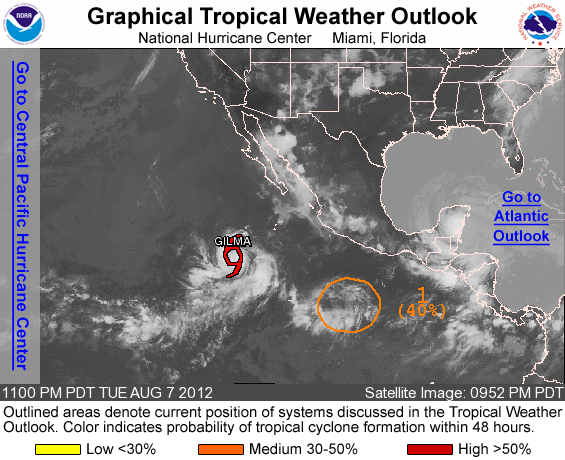
FOR THE EASTERN NORTH PACIFIC...EAST OF 140 DEGREES WEST LONGITUDE..

THE NATIONAL HURRICANE CENTER IS ISSUING ADVISORIES ON TROPICAL STORM GILMA...LOCATED ABOUT 640 MILES SOUTHWEST OF THE SOUTHERN TIP OF BAJA CALIFORNIA.

1. SHOWERS AND THUNDERSTORMS ASSOCIATED WITH AN AREA OF LOW PRESSURE LOCATED ABOUT 460 MILES SOUTH-SOUTHWEST OF ACAPULCO MEXICO HAVE DIMINISHED SOME THIS EVENING. HOWEVER...DEVELOPMENT OF THIS SYSTEM IS POSSIBLE AND IT COULD BECOME A TROPICAL DEPRESSION DURING THE NEXT COUPLE OF DAYS. THIS SYSTEM HAS A MEDIUM CHANCE...40 PERCENT...OF BECOMING A TROPICAL CYCLONE AS IT DRIFTS GENERALLY WESTWARD DURING THE NEXT 48 HOURS.

ELSEWHERE...TROPICAL CYCLONE FORMATION IS NOT EXPECTED DURING THE NEXT 48 HOURS.

&&
PUBLIC ADVISORIES ON TROPICAL STORM GILMA ARE ISSUED UNDER WMO HEADER WTPZ32 KNHC AND UNDER AWIPS HEADER MIATCPEP2. FORECAST/ADVISORIES ON TROPICAL STORM GILMA ARE ISSUED UNDER WMO HEADER WTPZ22 KNHC AND UNDER AWIPS HEADER MIATCMEP2.

FORECASTER ROBERTS